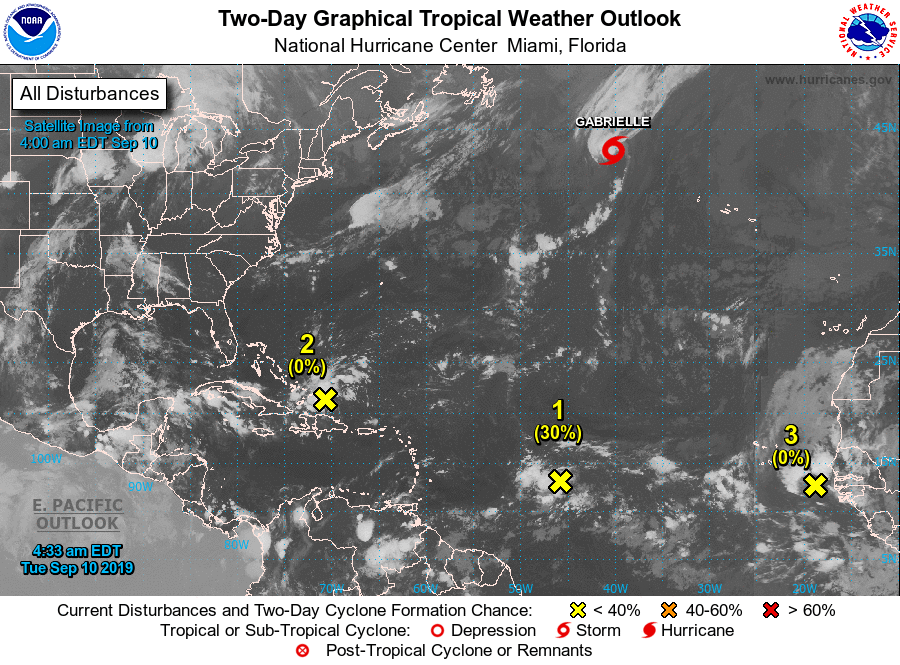
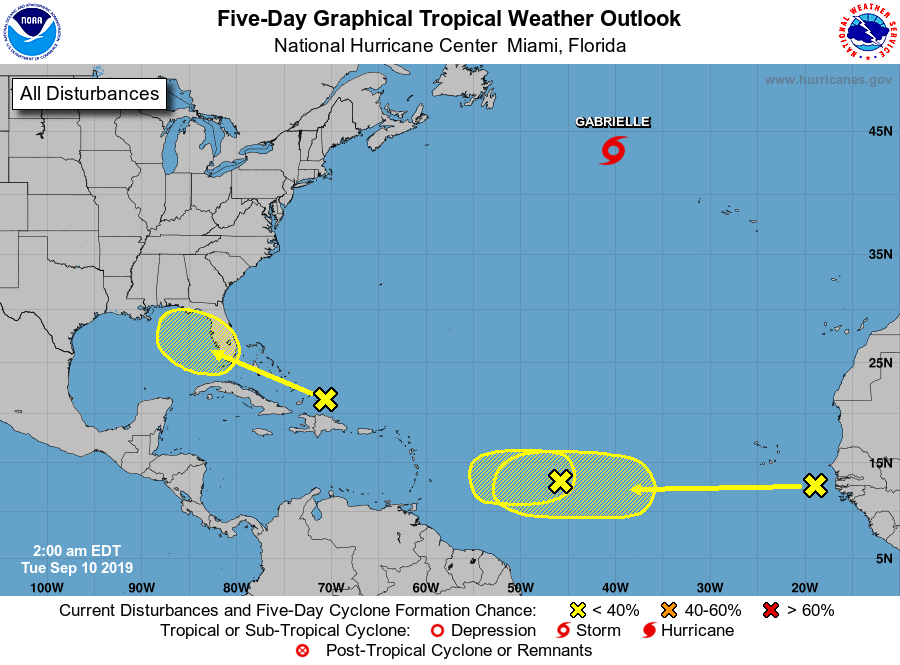
For the North Atlantic...Caribbean Sea and the Gulf of Mexico:

The National Hurricane Center is issuing advisories on Tropical Storm Gabrielle, located over the far north Atlantic Ocean.

1. A weak area of low pressure, associated with a tropical wave, located more than 900 miles east of the Lesser Antilles continues to produce disorganized showers and thunderstorms. Some slow development of this system is possible during the next day or two before upper-level winds become unfavorable for tropical cyclone formation. This system is expected to move slowly westward across the tropical Atlantic Ocean for the next several days.
* Formation chance through 48 hours...low...30 percent.
* Formation chance through 5 days...low...30 percent.

2. A surface trough interacting with an upper-level low is producing disorganized showers and thunderstorms from near the north coast of Hispaniola northeastward over the southwestern Atlantic for a few hundred miles. Little, if any, development of this disturbance is expected during the next few days while it moves west-northwestward across the Bahamas and the Florida peninsula. However, environmental conditions could become a little more conducive for development when the system moves into the Gulf of Mexico over the weekend. Regardless of development, this disturbance will produce periods of locally heavy rainfall across the Bahamas through Thursday, and across Florida on Friday and continuing into the weekend.
* Formation chance through 48 hours...low...near 0 percent.
* Formation chance through 5 days...low...20 percent.

3. A tropical wave located just off the west coast of Africa is expected to move quickly westward during the next several days. Some slow development is possible late this week and over the weekend when the system is several hundred miles east of the Lesser Antilles.
* Formation chance through 48 hours...low...near 0 percent.
* Formation chance through 5 days...low...20 percent.

Forecaster Brown